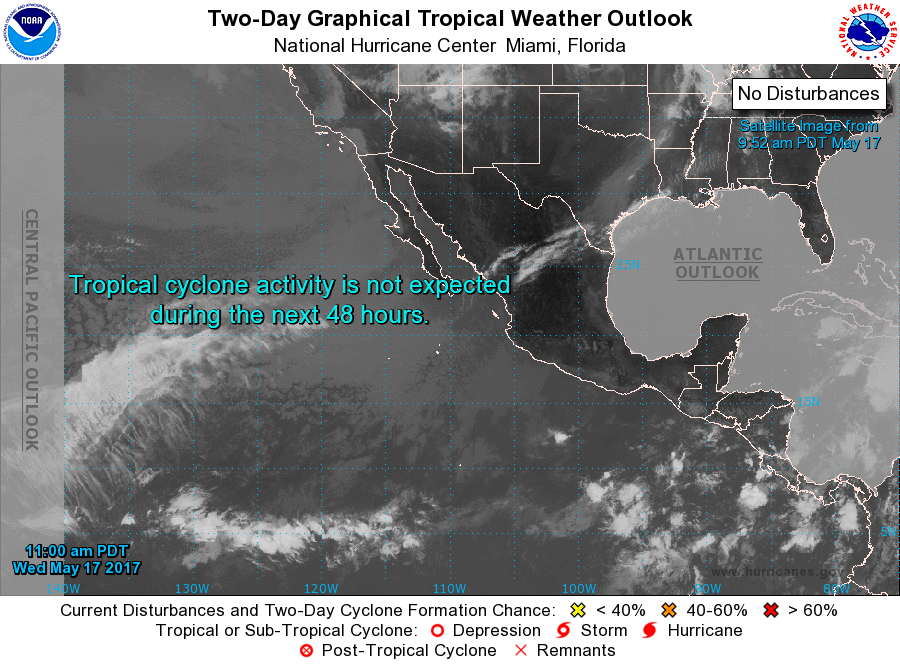
For the eastern North Pacific...east of 140 degrees west longitude:

Tropical cyclone formation is not expected during the next 5 days.

Forecaster Brennan